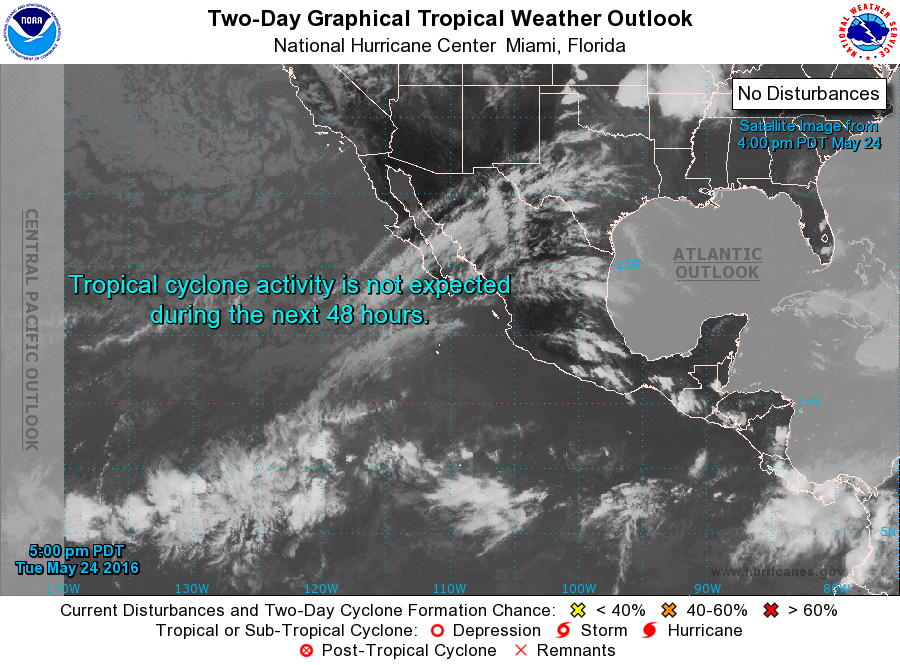
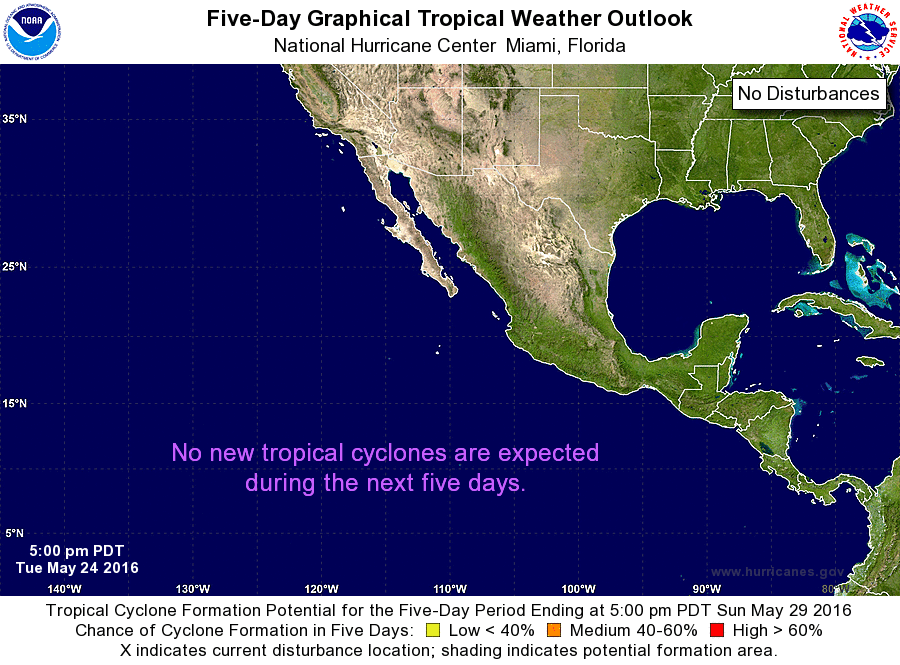
For the eastern North Pacific...east of 140 degrees west longitude:

Tropical cyclone formation is not expected during the next 5 days.

Forecaster Kimberlain